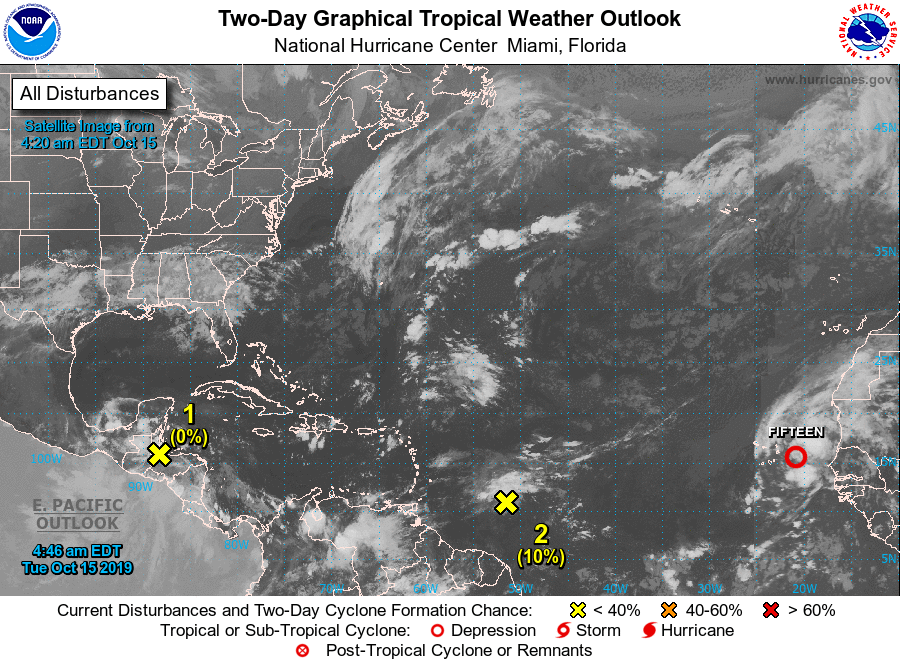
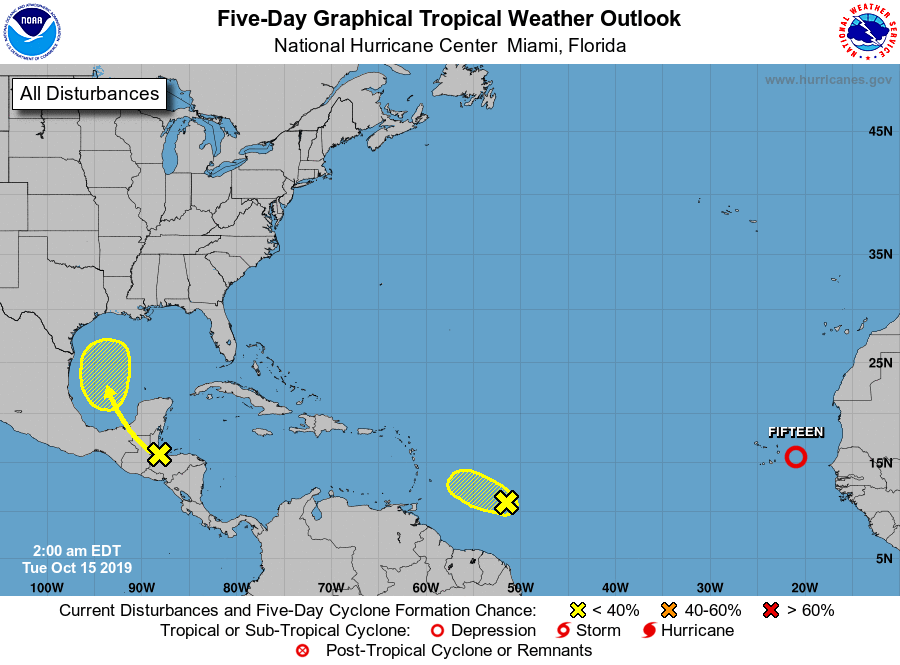
For the North Atlantic...Caribbean Sea and the Gulf of Mexico:

The National Hurricane Center is issuing advisories on newly formed Tropical Depression Fifteen, located a couple hundred miles east- southeast of the Cabo Verde Islands.

1. A trough of low pressure located over portions of Central America and the northwestern Caribbean Sea is producing disorganized showers and thunderstorms. This system and another disturbance over the eastern Pacific are expected to produce heavy rains over a large portion of Central America during the next couple of days, which could cause flooding and mudslides, especially in mountainous areas. By late Wednesday, the system is forecast to emerge over the Bay of Campeche and then turn northward, and environmental conditions could become a little more conducive for some development towards the end of the week when the system is over the western Gulf of Mexico.
* Formation chance through 48 hours...low...near 0 percent.
* Formation chance through 5 days...low...30 percent.

2. A tropical wave located about 650 miles east of the southern Windward Islands continues to produce disorganized showers and thunderstorms. Upper-level winds are expected to become increasingly hostile over the system, and significant development of this system appears unlikely while it moves westward at 15 to 20 mph.
* Formation chance through 48 hours...low...10 percent.
* Formation chance through 5 days...low...10 percent.

Public Advisories on Tropical Depression Fifteen are issued under WMO header WTNT35 KNHC and under AWIPS header MIATCPAT5. Forecast/Advisories on Tropical Depression Fifteen are issued under WMO header WTNT25 KNHC and under AWIPS header MIATCMAT5.

Forecaster Cangialosi